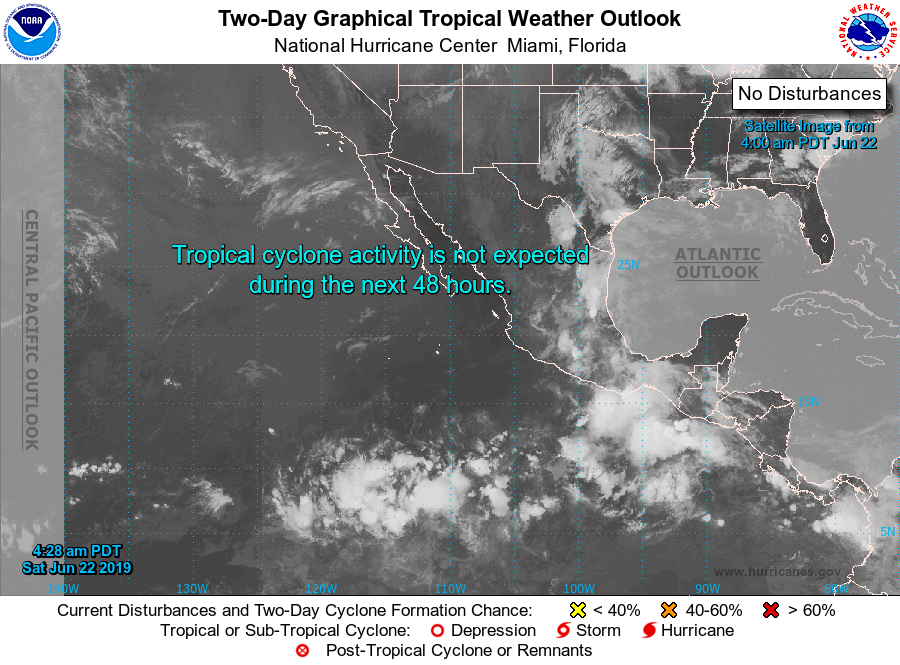
For the eastern North Pacific...east of 140 degrees west longitude:

1. A low pressure system is expected to form several hundred miles south of the southwestern coast of Mexico in a couple of days. Gradual development of the low is possible thereafter and a tropical depression could form while it moves west-northwestward away from the coast of Mexico through the middle of next week.
* Formation chance through 48 hours...low...near 0 percent.
* Formation chance through 5 days...medium...50 percent.

Forecaster Brown